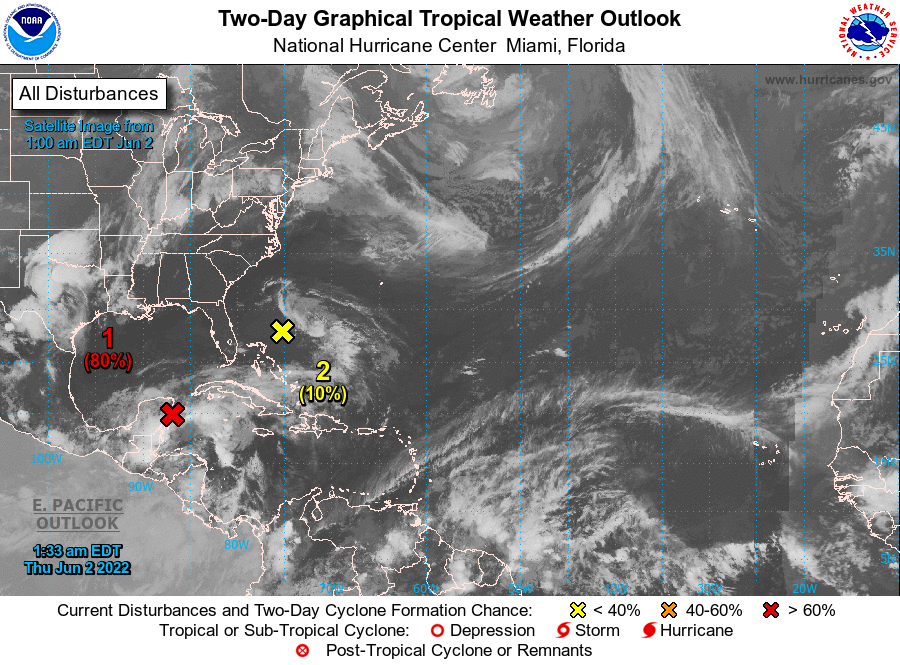
For the North Atlantic...Caribbean Sea and the Gulf of Mexico:

1. Near the Yucatan Peninsula and Southeastern Gulf of Mexico: A broad area of low pressure located near the east coast of the Yucatan Peninsula continues to produce a large area of disorganized showers and thunderstorms over the northwestern Caribbean Sea and Yucatan Peninsula. Despite strong upper-level winds, this system is likely to become a tropical depression or tropical storm while it moves slowly northeastward over the northwestern Caribbean Sea and southeastern Gulf of Mexico during the next day or two. Interests in western Cuba, the Florida Keys, and the Florida Peninsula should monitor the progress of this system, and tropical storm watches or warnings could be required for some of these areas later today.

Regardless of development, areas of heavy rainfall are likely across portions of the Yucatan Peninsula and western Cuba during the next day or so, spreading across southern and central Florida and the Florida Keys Friday and Friday night, and the northwestern Bahamas on Saturday. These heavy rains could cause scattered to numerous flash floods across South Florida and the Florida Keys.
* Formation chance through 48 hours...high...80 percent.
* Formation chance through 5 days...high...80 percent.

2. Southwestern Atlantic: A weak surface trough located about 150 miles northeast of the northwestern Bahamas is producing disorganized showers and a few thunderstorms. Upper-level winds appear too strong for significant development of this system while it moves northeastward at 5 to 10 mph over the southwestern Atlantic during the next couple of days.
* Formation chance through 48 hours...low...10 percent.
* Formation chance through 5 days...low...10 percent.

Forecaster Berg